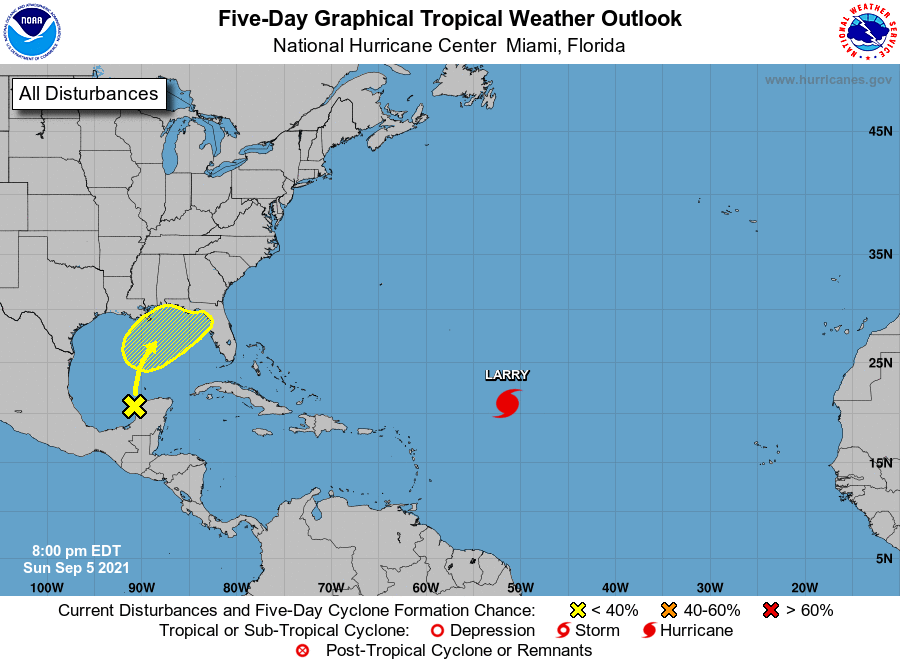
For the North Atlantic...Caribbean Sea and the Gulf of Mexico:

The National Hurricane Center is issuing advisories on Hurricane Larry, located over the central tropical Atlantic about 900 miles east of the northern Leeward Islands.

1. Disorganized showers and thunderstorms over the Yucatan Peninsula and surrounding waters are associated with a surface trough and an upper-level disturbance located over the eastern Bay of Campeche. Locally heavy rains are likely to continue through tonight over that area. The system is forecast to move slowly northward or northeastward over the central and then northeastern Gulf of Mexico over the next few days. Although upper-level winds are currently unfavorable for development to occur, they are expected to become marginally conducive for tropical cyclone formation by late Tuesday. The disturbance is then expected to cross the southeastern United States beginning midweek, and some development will be possible once it emerges over the Atlantic waters by late this week.
* Formation chance through 48 hours...low...near 0 percent.
* Formation chance through 5 days...low...30 percent.

Forecaster Stewart